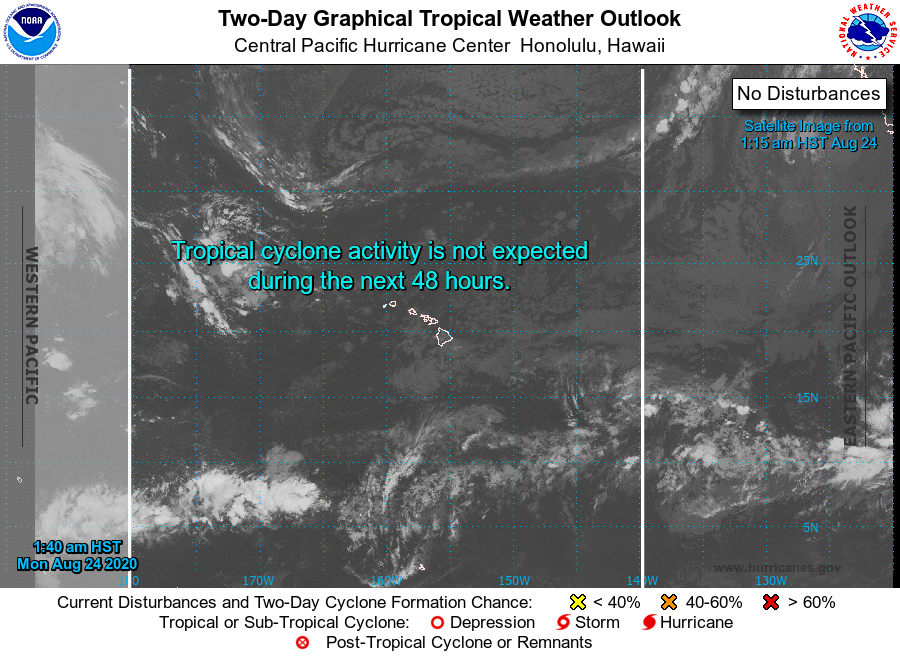
For the central North Pacific...between 140W and 180W:

No tropical cyclones are expected during the next 5 days.

Forecaster Jelsema